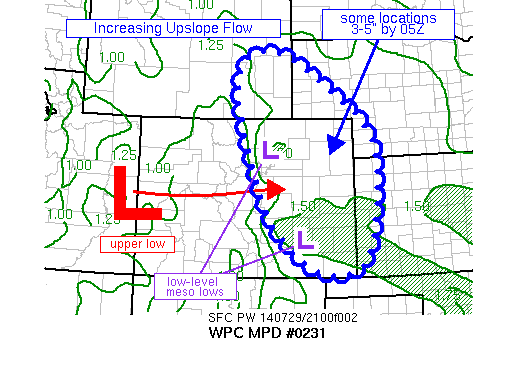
AREAS AFFECTED...SERN WYOMING INTO ERN COLORADO AND WRN NEBRASKA

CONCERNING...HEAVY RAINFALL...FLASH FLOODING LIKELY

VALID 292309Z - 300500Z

SUMMARY...AN INCREASE IN LOW LEVEL UPSLOPE FLOW IS EXPECTED TO
PROLONG AND EXPAND ONGOING FLASH FLOODING ACROSS PORTIONS OF THE
CNTRL HIGH PLAINS INTO THE FIRST HALF OF THE NIGHT. SLOW MOVING
STORMS WITH HOURLY RAIN RATES OF 1 - 1.5 IN/HR AND 3 - 5 INCHES
LOCALLY WILL BE POSSIBLE.

DISCUSSION...WATER VAPOR IMAGERY SHOWED A WELL DEFINED UPPER LEVEL
LOW ALONG THE UTAH/COLORADO BORDER AS OF 2230Z...STEADILY MOVING
EWD TOWARD A REGION OF PRECIPITABLE WATER VALUES BETWEEN 1.25 AND
1.50 INCHES IN PLACE EAST OF THE DIVIDE. ENHANCED CONVECTIVE
DEVELOPMENT LOCATED NORTHEAST OF TWO MESOSCALE LOW-LEVEL
LOWS...ONE OVER SRN WELD COUNTY AND ANOTHER OTERO COUNTY...APPEARS
TO BE TIED TO LOCALLY STRONGER UPSLOPE FLOW TIED TO THE LOW
CENTERS.

AS THE UPPER LOW OVER THE UTAH/COLORADO BORDER CONTINUES EWD OVER
THE NEXT FEW HOURS...UPSLOPE FLOW BETWEEN 850 AND 700 MB SHOULD
INCREASE INTO THE 20-30 KT RANGE ACROSS MUCH OF THE OUTLOOK
AREA...HELPING TO SUSTAIN LIFT INTO A WEAK TO MODERATELY UNSTABLE
AIRMASS DEFINED BY ML CAPES OF 500 TO 1500 J/KG PER SPC
MESOANALYSIS. SLOW STORM MOTIONS OF 10 KTS OR LESS...ESPECIALLY
ACROSS E-CNTRL COLORADO...SHOULD FAVOR CONTINUED HEAVY RAINFALL
WITH PERHAPS A LOCAL MAX JUST SOUTH OF E-CNTRL COLORADO WITH A
MAJORITY OF HI-RES MODELS POINTING TO NERN COLORADO FOR A
SECONDARY MAX. 3 - 5 INCHES WILL BE POSSIBLE IN THESE TWO AREAS
WITH A CONTINUED RISK OF FLASH FLOODING.